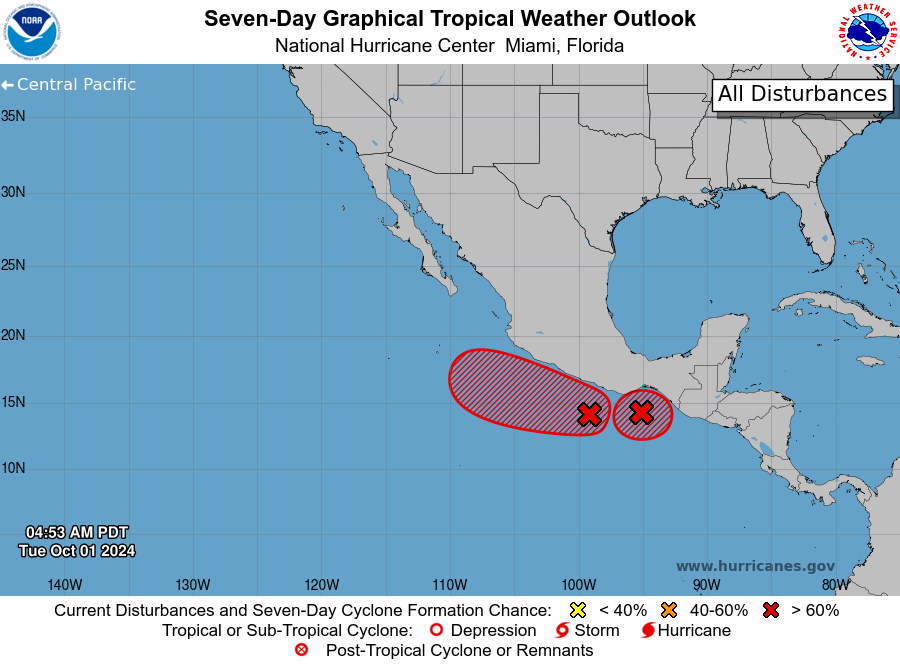
For the eastern North Pacific...east of 140 degrees west longitude:

1. Offshore of Southwestern Mexico: An area of low pressure has formed a few hundred miles south of Acapulco with disorganized thunderstorm activity. Environmental conditions are forecast to be conducive for development, and a tropical depression is expected to form within a few days. The disturbance is forecast to meander near or just offshore of the coast of Mexico for much of the week, and then begin moving slowly west-northwestward, parallel to the coast of Mexico by this weekend. Regardless of development, this system is expected to contribute to heavy rainfall across portions of the southwestern coast of Mexico that were already adversely affected by substantial rainfall last week, and interests there should monitor the progress of this disturbance.
* Formation chance through 48 hours...medium...60 percent.
* Formation chance through 7 days...high...90 percent.

2. South of the Gulf of Tehuantepec (EP96): Showers and thunderstorms associated with a small area of low pressure near the Gulf of Tehuantepec have changed little in organization during the past several hours. Although the system does not yet appear to have a well-defined surface circulation, environmental conditions are expected to be conducive for additional development, and a tropical depression is likely to form during the next day or two. This system is forecast to meander near southern coast of Mexico, and interests there should monitor the progress of this system. Regardless of development, heavy rain is possible along portions of the coast of southern Mexico and northern Central America throughout this week.
* Formation chance through 48 hours...high...70 percent.
* Formation chance through 7 days...high...70 percent.

Forecaster Blake